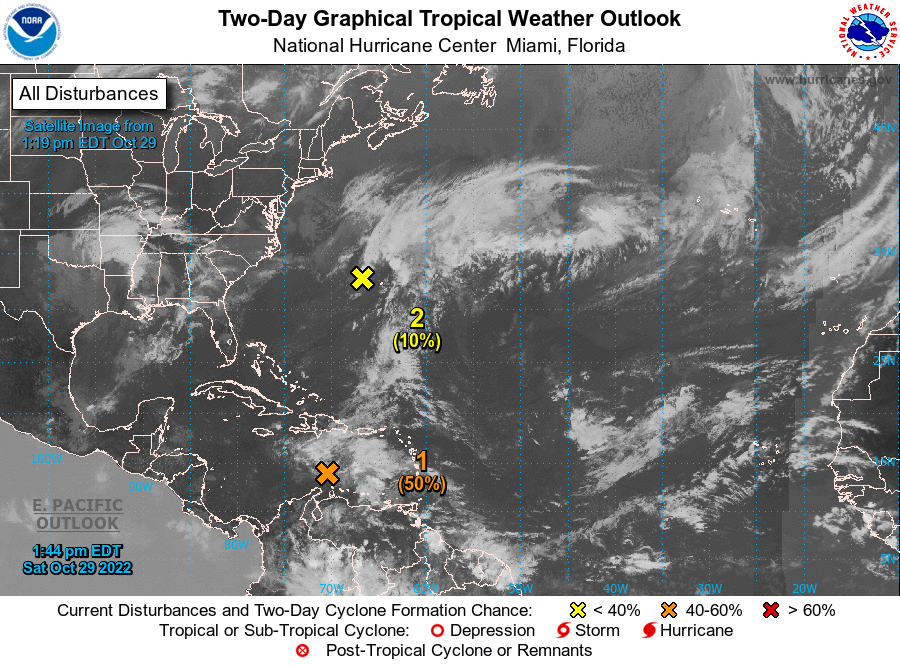
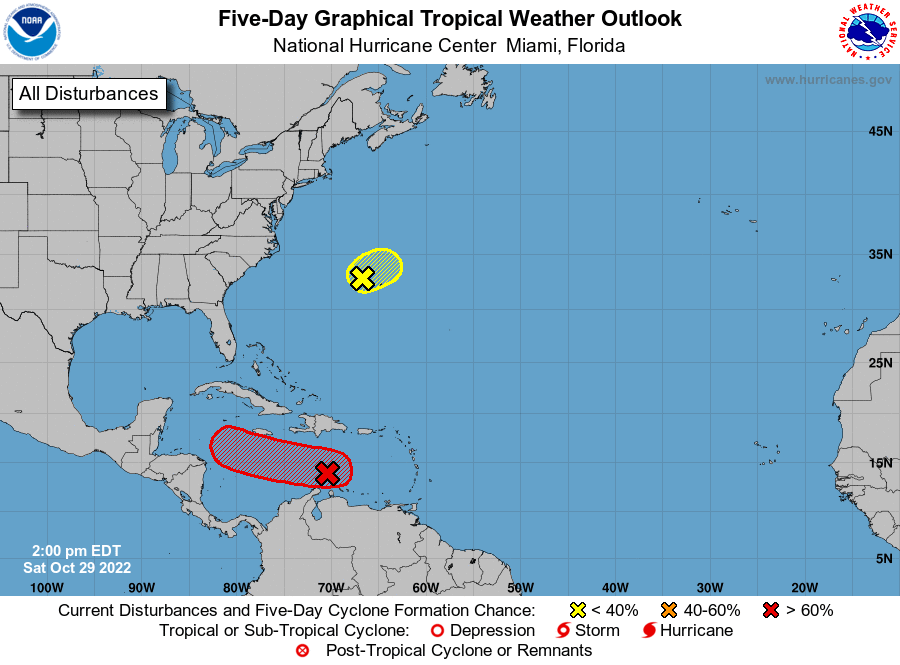
For the North Atlantic...Caribbean Sea and the Gulf of Mexico:

1. Central Caribbean: A broad area of low pressure over the central Caribbean Sea continues to produce disorganized showers and thunderstorms. Environmental conditions are forecast to be conducive for gradual development over the next few days, and a tropical depression is likely to form by early next week while the disturbance moves west-northwestward at 10 to 15 mph over the central Caribbean Sea. An Air Force Reserve Hurricane Hunter aircraft is currently investigating the disturbance. Regardless of development, locally heavy rainfall is possible over portions of the Lesser Antilles, the Virgin Islands, and Puerto Rico through this weekend.
* Formation chance through 48 hours...medium...50 percent.
* Formation chance through 5 days...high...70 percent.

2. Western Atlantic: A low pressure area located about 100 miles west-northwest of Bermuda is producing limited shower and thunderstorm activity to the north of the center as it continues to interact with a nearby frontal system. Upper-level winds are forecast to increase over the system tonight, and the low is forecast to merge with the front by early Sunday. Therefore, the chances of subtropical development of this system appear to be decreasing.
* Formation chance through 48 hours...low...10 percent.
* Formation chance through 5 days...low...10 percent.

Forecaster Reinhart